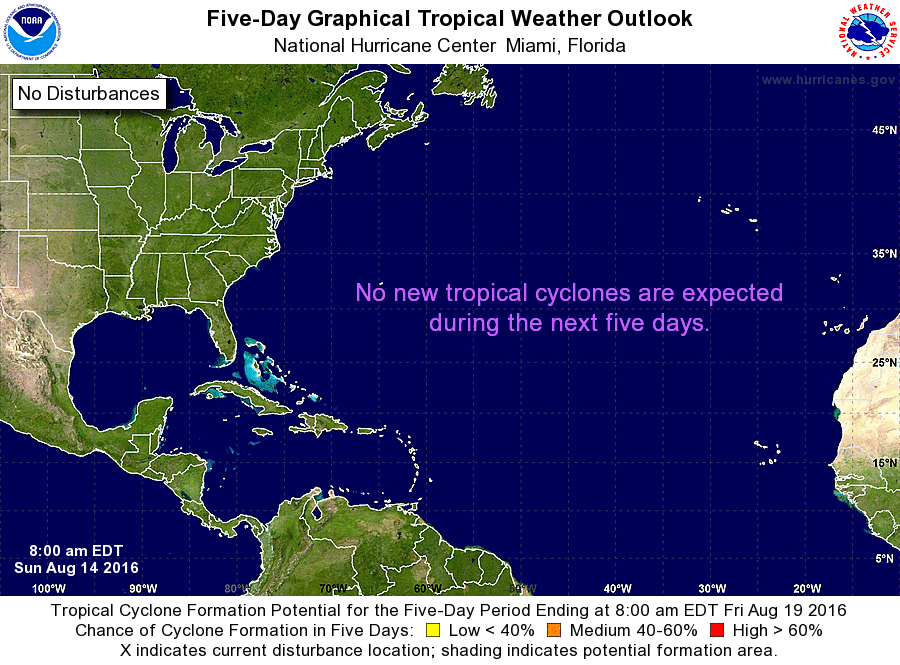
For the North Atlantic...Caribbean Sea and the Gulf of Mexico:

Tropical cyclone formation is not expected during the next 5 days.

Forecaster Pasch